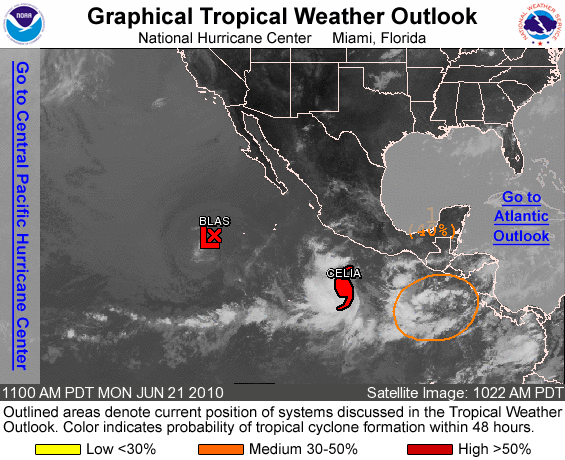
FOR THE EASTERN NORTH PACIFIC...EAST OF 140 DEGREES WEST LONGITUDE..

THE NATIONAL HURRICANE CENTER IS ISSUING ADVISORIES ON HURRICANE CELIA LOCATED ABOUT 390 MILES SOUTH-SOUTHWEST OF ACAPULCO MEXICO...AND ON TROPICAL DEPRESSION BLAS LOCATED ABOUT 645 MILES WEST-SOUTHWEST OF THE SOUTHERN TIP OF BAJA CALIFORNIA.

1. A BROAD AREA OF LOW PRESSURE LOCATED A FEW HUNDRED MILES SOUTH OF GUATEMALA AND EL SALVADOR IS ACCOMPANIED BY A LARGE AREA OF DISORGANIZED SHOWERS AND THUNDERSTORMS. ENVIRONMENTAL CONDITIONS APPEAR FAVORABLE FOR GRADUAL DEVELOPMENT OF THIS SYSTEM OVER THE NEXT COUPLE OF DAYS. THERE IS A MEDIUM CHANCE...40 PERCENT...OF THIS SYSTEM BECOMING A TROPICAL CYCLONE DURING THE NEXT 48 HOURS AS IT MOVES WEST-NORTHWESTWARD AT ABOUT 10 MPH.

ELSEWHERE...TROPICAL CYCLONE FORMATION IS NOT EXPECTED DURING THE NEXT 48 HOURS.

FORECASTER BROWN